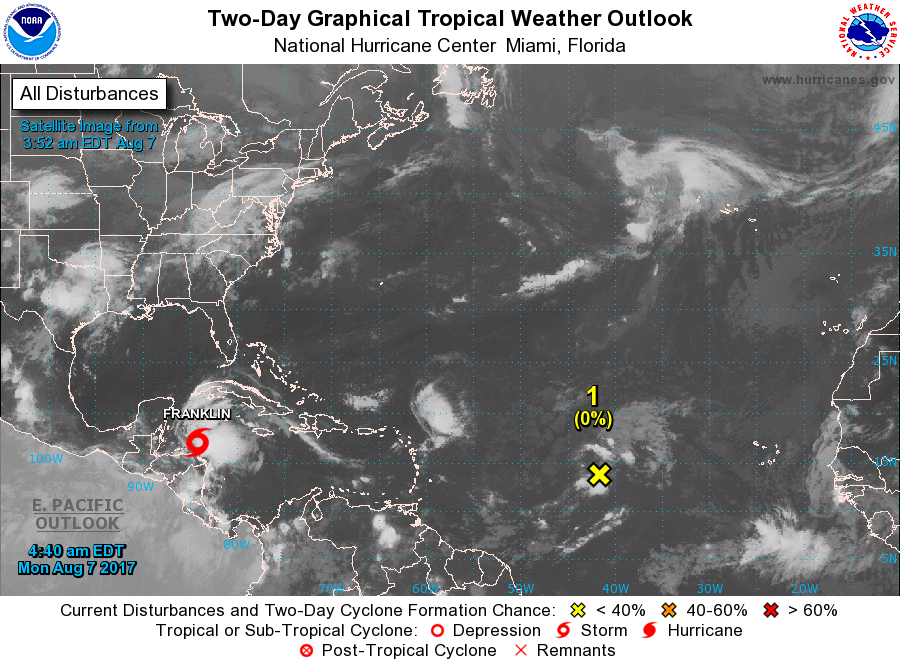
For the North Atlantic...Caribbean Sea and the Gulf of Mexico:

The National Hurricane Center is issuing advisories on recently upgraded Tropical Storm Franklin, located a few hundred miles east of Belize.

1. An elongated area of low pressure located about midway between the Cabo Verde Islands and the Lesser Antilles is producing limited shower and thunderstorm activity. Environmental conditions are forecast to be unfavorable for development during the next several days. Upper-level winds could become more conducive for some gradual increase in organization by late week while the system moves generally west-northwestward across the tropical Atlantic at about 15 mph.
* Formation chance through 48 hours...low...near 0 percent.
* Formation chance through 5 days...low...20 percent.

Public Advisories on Franklin are issued under WMO header WTNT32 KNHC and under AWIPS header MIATCPAT2. Forecast/Advisories on Franklin are issued under WMO header WTNT22 KNHC and under AWIPS header MIATCMAT2.

Forecaster Blake